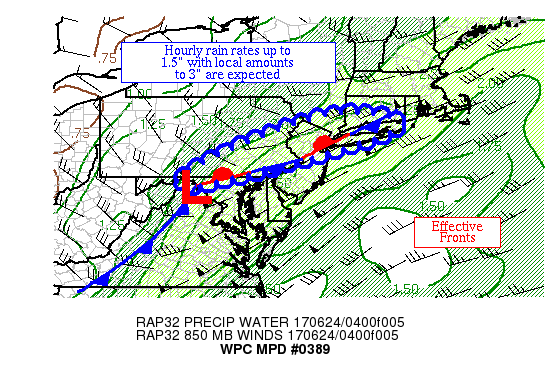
AREAS AFFECTED...NORTHERN MID-ATLANTIC STATES

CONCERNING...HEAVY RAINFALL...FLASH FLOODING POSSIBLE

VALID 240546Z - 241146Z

SUMMARY...CONVECTION HAS BEEN SLOWLY DEVELOPING ACROSS SOUTHERN
PA.  WITHIN A VERY WARM AND MOIST AIRMASS, HOURLY RAIN RATES TO
1.5" WITH LOCAL AMOUNTS TO 3" ARE EXPECTED.

DISCUSSION...ELEVATED WARM-TOPPED CONVECTION HAS BEEN DEVELOPING
TO THE EAST OF POST-TROPICAL CYCLONE CINDY ACROSS SOUTHERN PA AS
OF LATE.  PRECIPITABLE WATER VALUES ARE ~2".  INFLOW AT 850 HPA IS
WEST-SOUTHWEST AT 40-50 KTS PER VAD WIND PROFILES.  EFFECTIVE BULK
SHEAR IS ALSO NEAR 50 KTS, WHICH ALONG WITH FAIRLY UNIDIRECTIONAL
FLOW WITH HEIGHT IS ORGANIZING THE ACTIVITY INTO A BAND.  THIS IS
IMPORTING MUCAPE VALUES OF 500-1000+ J/KG FROM NORTHERN
VA/MD/SOUTHERN NY OVER THE BOUNDARY.  HOURLY RAIN RATES ACROSS
SOUTH-CENTRAL PA JUST EXCEEDING 1" PER RADAR ESTIMATES AND SLOWLY
RISING.

THE MESOSCALE GUIDANCE IS IN GOOD AGREEMENT ON THE AXIS, WHICH
APPEARS CLOSE TO RECENT RADAR IMAGERY, AND FOR LOCAL AMOUNTS OF
2-3".  BECAUSE THE LOW-LEVEL FLOW IS SOMEWHAT PARALLEL TO THE
INSTABILITY ISOPLETHS, BELIEVE THE CAP ON HOURLY RAIN RATES IS
~1.5".  THIS COULD EXCEED THE FLASH FLOOD GUIDANCE VALUES ACROSS
PORTIONS OF THIS REGION, PARTICULARLY URBAN AREAS.